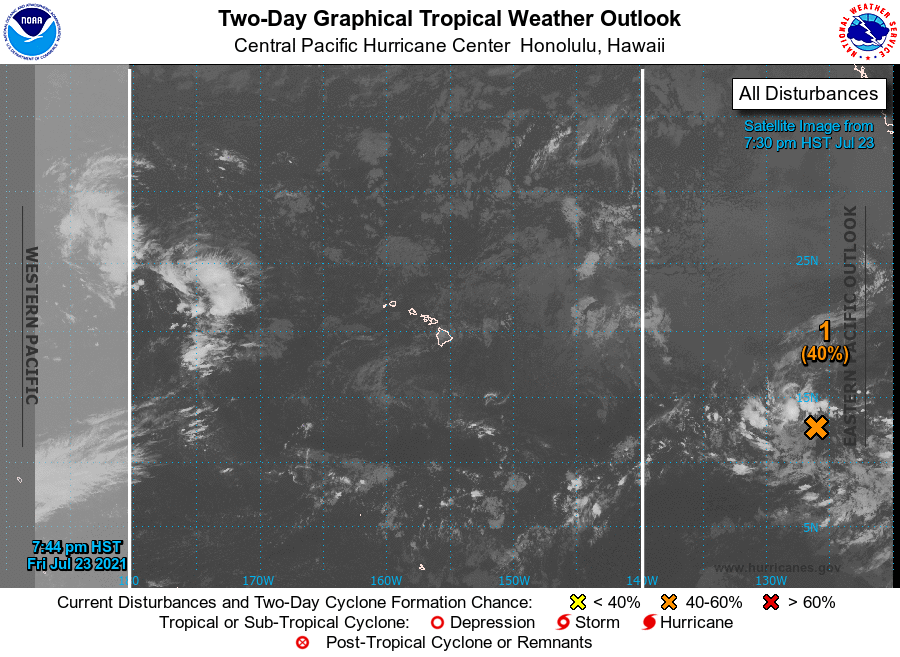
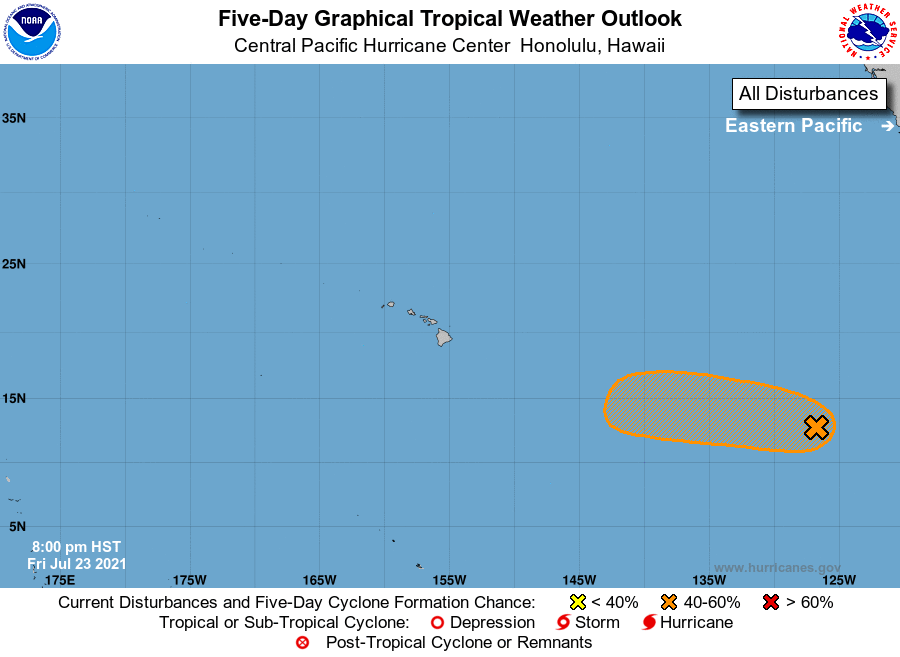
For the central North Pacific...between 140W and 180W:

1. A broad area of low pressure located about 2000 miles east-southeast of Hilo, Hawaii continues to produce disorganized showers and thunderstorms. Environmental conditions are generally conducive for development, and this system could become a tropical depression this weekend or early next week before it reaches cooler waters while moving westward at 10 to 15 mph.
* Formation chance through 48 hours...medium...40 percent.
* Formation chance through 5 days...medium...50 percent.

Elsewhere, no tropical cyclones are expected during the next 5 days.

Forecaster Gibbs